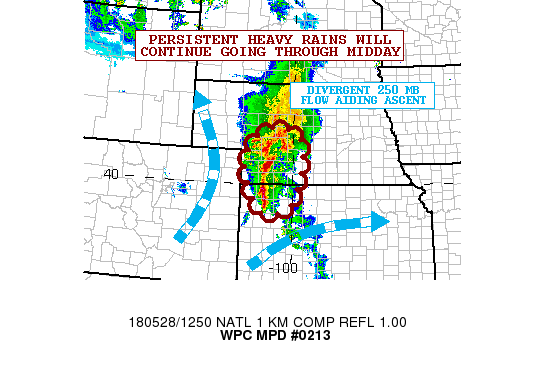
AREAS AFFECTED...NORTHWEST KS...SOUTHWEST TO CENTRAL NE

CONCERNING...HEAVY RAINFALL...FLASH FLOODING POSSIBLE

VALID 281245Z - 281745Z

SUMMARY...HEAVY PERSISTENT RAINS WILL RESULT IN SOME FLASH
FLOODING POTENTIAL OVER THE NEXT FEW HOURS.

DISCUSSION...LATEST GOES-16 CLEAN IR SATELLITE IMAGERY CONTINUES
TO SHOW AN IMPRESSIVE COLD-TOPPED CONVECTIVE CANOPY ACROSS
PORTIONS OF NORTHWEST KS AND UP ACROSS A LARGE AREA OF CENTRAL
NEBRASKA.

THE ACTIVITY IS BEING SUSTAINED BY A PERSISTENT DEEP LAYER WARM
ADVECTION PATTERN ACROSS THE CENTRAL PLAINS AND IS COUPLING WITH
NOTABLY DIVERGENT FLOW ALOFT COURTESY OF A MODEST 250 MB JET
COUPLET AROUND THE EASTERN FLANK OF A LARGE SCALE TROUGH ACROSS
THE INTERMOUNTAIN WEST WHICH IS FAVORING RELATIVELY FOCUSED LARGE
SCALE ASCENT.

ADDITIONALLY...THE DEEP LAYER WARM ADVECTION REGIME...NOTED IN THE
850/500 MB LAYER IN PARTICULAR...HAS ALLOWED FOR A NOSE OF
MODERATE INSTABILITY TO SURGE NORTH UP ACROSS THE PLAINS...WITH
MUCAPE VALUES OF 1500 TO 2000 J/KG NOTED AS PER THE LATEST RAP
ANALYSIS. MUCH OF THE MORE ORGANIZED CONVECTION IS CURRENTLY
ALIGNED WITH THIS NOSE OF INSTABILITY.

GIVEN THE LATEST SATELLITE AND RADAR TRENDS AND WITH MULTIPLE
INGREDIENTS FOR HEAVY RAINFALL CURRENTLY ANCHORED IN PLACE...THE
THREAT FOR EXCESSIVE TOTALS APPEARS TO BE INCREASING AT LEAST FOR
THE NEXT FEW HOURS.

ALREADY THE PWATS ACROSS THE REGION ARE AS HIGH AS 1.4 TO 1.5
INCHES...WHICH IS PROMOTING RAINFALL RATES UPWARDS OF 2 INCHES/HR.
THE LATEST MRMS FLASH DATA IS ALREADY INDICATING QPE/FFG RATIOS OF
ABOUT 1.3 TO 1.4 LOCALLY ACROSS CENTRAL NEBRASKA...AND WITH THESE
RATIO TRENDS INCREASING ACROSS PORTIONS OF NORTHWEST KS.

EXPECT AN ADDITIONAL 3 TO 4 INCHES OF RAIN GOING THROUGH
MIDDAY...WITH SOME ISOLATED HEAVIER AMOUNTS NOT OUT OF THE
QUESTION. THIS IS CONSISTENT WITH THE LATEST HRRR/HRRRX GUIDANCE.
FLASH FLOODING WILL BE POSSIBLE GIVEN THESE ADDITIONAL TOTALS OF
WHICH SOME WILL BE FALLING ON INCREASINGLY MOIST/SATURATED SOIL
CONDITIONS.